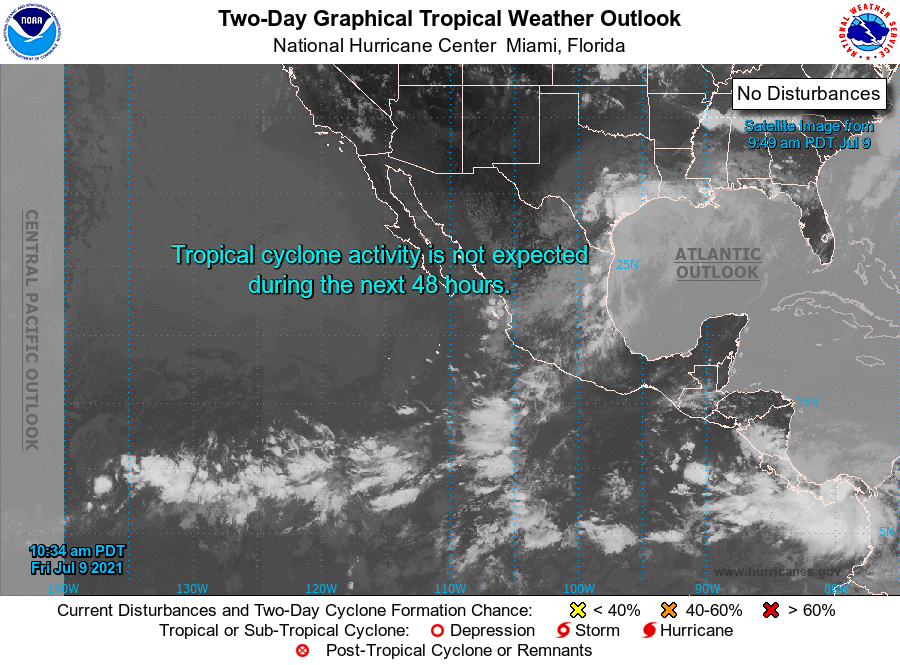
For the eastern North Pacific...east of 140 degrees west longitude:

1. A broad area of low pressure is expected to form several hundred miles south-southwest of the southern coast of Mexico in a few days. Any subsequent development of this system is expected to be gradual as it moves westward or west-northwestward at 10 to 15 mph.
* Formation chance through 48 hours...low...near 0 percent.
* Formation chance through 5 days...low...20 percent.

2. Another area of low pressure is expected to form south of the Gulf of Tehuantepec by the middle of next week. Environmental conditions are expected to support gradual development of this system thereafter while it moves generally west-northwestward at 10 to 15 mph.
* Formation chance through 48 hours...low...near 0 percent.
* Formation chance through 5 days...low...30 percent.

Forecaster Zelinsky